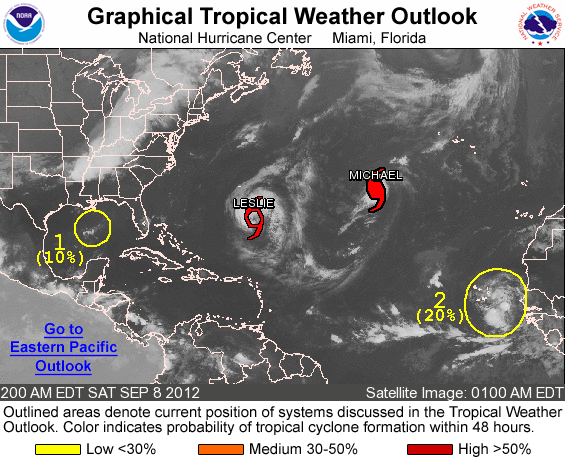
FOR THE NORTH ATLANTIC...CARIBBEAN SEA AND THE GULF OF MEXICO...

THE NATIONAL HURRICANE CENTER IS ISSUING ADVISORIES ON TROPICAL STORM LESLIE...LOCATED ABOUT 345 MILES SOUTH-SOUTHEAST OF BERMUDA... AND ON HURRICANE MICHAEL...LOCATED ABOUT 940 MILES WEST-SOUTHWEST OF THE AZORES.

1. CLOUDINESS AND SHOWERS HAVE DECREASED IN ASSOCIATION WITH A WEAK AREA OF LOW PRESSURE LOCATED OVER THE NORTH-CENTRAL GULF OF MEXICO. SIGNIFICANT DEVELOPMENT OF THE LOW IS UNLIKELY BEFORE IT IS ABSORBED BY A COLD FRONT IN A DAY OR TWO. THIS SYSTEM HAS A LOW CHANCE...10 PERCENT...OF BECOMING A TROPICAL CYCLONE DURING THE NEXT 48 HOURS AS IT MOVES EAST-NORTHEASTWARD AT 5 TO 10 MPH.

2. A TROPICAL WAVE LOCATED BETWEEN THE WEST COAST OF AFRICA AND THE CAPE VERDE ISLANDS IS PRODUCING AN AREA OF SHOWERS AND THUNDERSTORMS. SOME GRADUAL DEVELOPMENT OF THIS WAVE IS POSSIBLE AS IT MOVES WESTWARD AT 15 TO 20 MPH DURING THE NEXT COUPLE OF DAYS. THIS SYSTEM HAS A LOW CHANCE...20 PERCENT...OF BECOMING A TROPICAL CYCLONE DURING THE NEXT 48 HOURS.

ELSEWHERE...TROPICAL CYCLONE FORMATION IS NOT EXPECTED DURING THE NEXT 48 HOURS.

FORECASTER CANGIALOSI